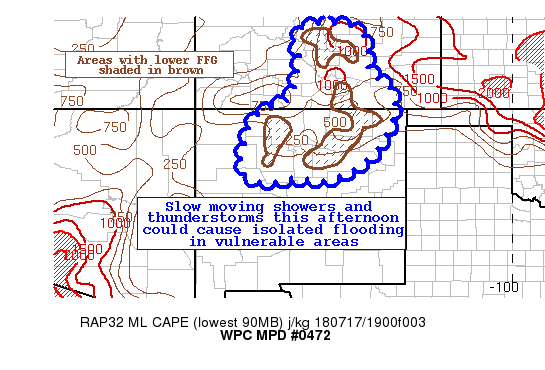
AREAS AFFECTED...NORTH CENTRAL NEW MEXICO AND SOUTH CENTRAL
COLORADO

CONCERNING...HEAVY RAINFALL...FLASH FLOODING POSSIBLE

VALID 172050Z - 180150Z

SUMMARY...SHOWERS AND THUNDERSTORMS MAY BECOME A BIT MORE
CONCENTRATED OVER THE NEXT FEW OF HOURS. SLOW CELL MOTIONS AND
HEAVY RAINFALL RATES MAY RESULT IN SOME ISOLATED FLASH FLOODING.

DISCUSSION...THE LATEST SATELLITE AND RADAR OBSERVATIONS ARE
INDICATING SCATTERED COVERAGE OF SHOWERS AND STORMS WITH VERY
LITTLE MOVEMENT.  MOST OF THESE STORMS ARE DEVELOPING BY
OROGRAPHIC EFFECTS AND HEATING OF THE TERRAIN.  RAP ANALYSIS IS
INDICATING BETWEEN 1000 AND 1500 J/KG OF MLCAPE OVER THIS REGION,
AND COMBINED WITH LINGERING MONSOONAL MOISTURE IN PLACE, THIS
SHOULD BE ENOUGH TO SUPPORT ISOLATED AREAS OF HEAVY RAINFALL RATES
THROUGH 2Z THIS EVENING.  THE MITIGATING FACTOR HERE IS THE
RELATIVE LACK OF ANY LARGE SCALE FORCING MECHANISMS ALOFT.

THERE IS A GOOD SIGNAL IN THE HIGH RES GUIDANCE FOR SOME LOCAL ONE
INCH AMOUNTS, AND FLASH FLOODING WILL BE POSSIBLE WHERE THIS RAIN
FALLS OVER A SHORT PERIOD OF TIME AND ESPECIALLY OVER ANY BURN
SCAR AREAS.